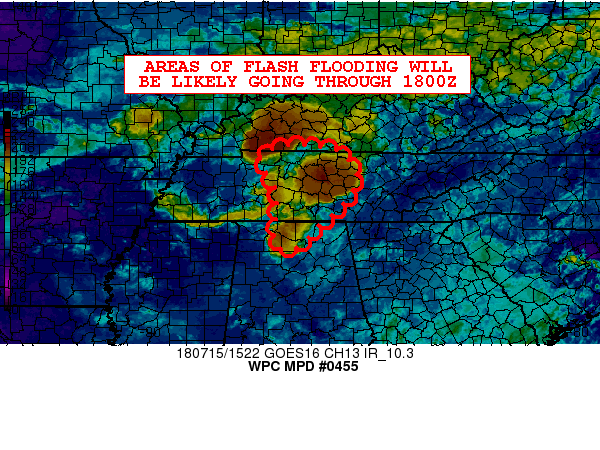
AREAS AFFECTED...SOUTH-CENTRAL KY...CENTRAL TN...NORTH-CENTRAL AL

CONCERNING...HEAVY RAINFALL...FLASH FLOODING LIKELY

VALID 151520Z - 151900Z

SUMMARY...ADDITIONAL CLUSTERS OF SHOWERS AND THUNDERSTORMS WILL
LIKELY RESULT IN FLASH FLOODING CONCERNS OVER THE NEXT SEVERAL
HOURS...AND ESPECIALLY OVER AREAS THAT SAW EARLIER HEAVY RAINFALL.

DISCUSSION...THE LATEST GOES-16 CLEAN IR SATELLITE IMAGERY SHOWS
MULTIPLE COLD-TOPPED CONVECTIVE CLUSTERS DROPPING SOUTHEAST ACROSS
SOUTH-CENTRAL KY AND THROUGH CENTRAL TN. ADDITIONAL SMALL SCALE
AREAS OF CONVECTION ARE NOTED ALSO DOWN ACROSS NORTH-CENTRAL AL.

THE AREA OF GREATEST CONCERN OVER THE NEXT FEW HOURS WILL TEND TO
BE CENTRAL TN WHERE HEAVY RAINFALL OF AS MUCH AS 2 INCHES EARLIER
THIS MORNING HAS LOCALLY SATURATED THE GROUND. GIVEN THE
ADDITIONAL CONVECTIVE DEVELOPMENT NOTED UPSTREAM NEAR THE KY/TN
BORDER THAT IS DROPPING SOUTHEAST...THERE WILL LIKELY BE A CONCERN
FOR FLASH FLOODING GIVEN THE WET ANTECEDENT CONDITIONS AT THIS
POINT.

THE CONVECTION HAS BEEN TENDING TO FORM OUT AHEAD OF A WEAK
WSW/ENE ORIENTED SHEAR AXIS OVER THE LOWER OH VALLEY...AND WITH
PROXIMITY TO VERY MODEST 250 MB RIGHT-ENTRANCE REGION JET
DYNAMICS. THE AIRMASS OVER THE REGION IS EXTREMELY MOIST AND IS
MODERATELY UNSTABLE. IN FACT...THE 12Z KBNA RAOB DEPICTED A PW OF
2.27 AND A K-INDEX OF 46. THE LATEST RAP ANALYSIS SHOWS A NOSE OF
MLCAPE VALUES TO NEAR 1500 J/KG UP ACROSS CENTRAL TN.

THE CONVECTION ACROSS THE REGION WILL BE HIGHLY EFFICIENT GIVEN
THE WARM LAYER DEPTH AND DEGREE OF MOISTURE UP IN THE 500/300 MB
LAYER. EXPECT RAINFALL RATES TO BE AS MUCH AS 2.5 INCHES/HR WITH
THE ONGOING CONVECTION...AND ESPECIALLY WITH THE ACTIVITY DROPPING
SOUTHEAST FROM SOUTH-CENTRAL KY.

EXPECT ADDITIONAL RAINFALL AMOUNTS OF AS MUCH AS 3 TO 4 INCHES TO
BE POSSIBLE THROUGH 18Z...AND ADDITIONAL CONVECTION WILL LIKELY
DEVELOP BEYOND THIS TIME FRAME WHICH WILL CONTINUE THE FLASH FLOOD
THREAT. WILL CONTINUE TO CLOSELY MONITOR.